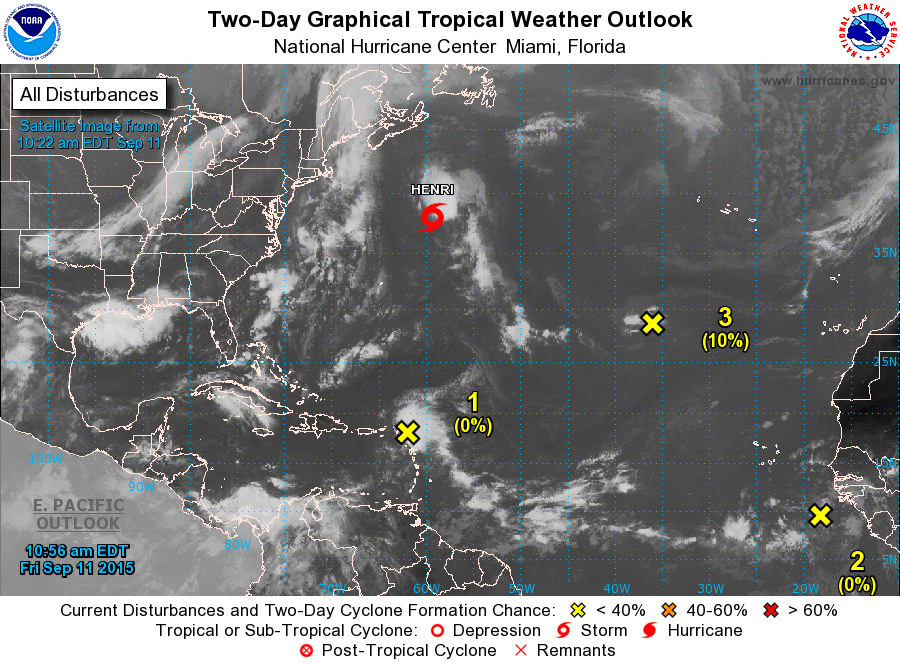
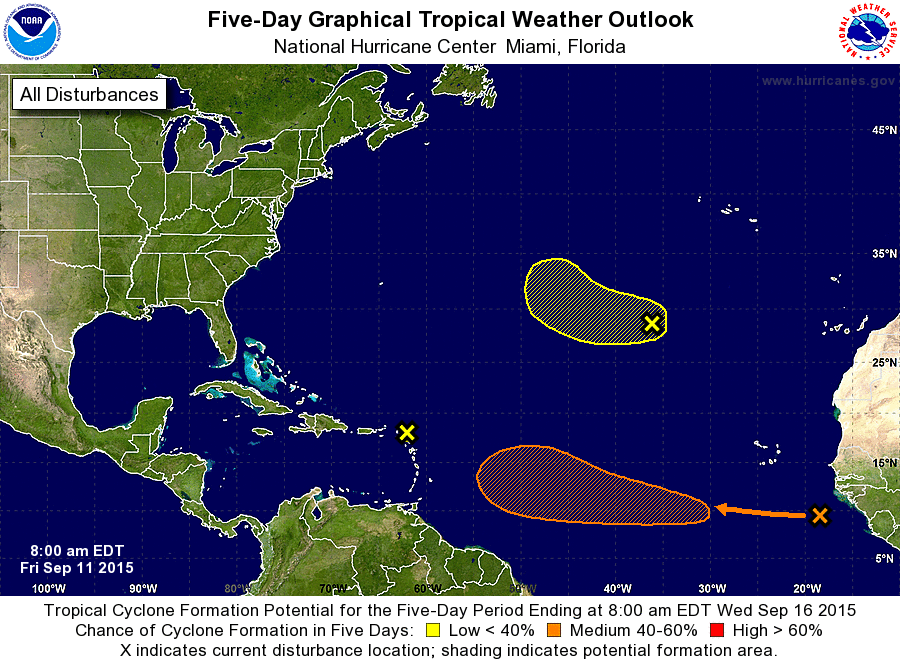
For the North Atlantic...Caribbean Sea and the Gulf of Mexico:

The National Hurricane Center is issuing advisories on Tropical Storm Henri, located a few hundred miles northeast of Bermuda.

1. A large area of disorganized showers and thunderstorms near the northern Leeward Islands is associated with the remnants of Tropical Storm Grace. Upper-level winds are not expected to be favorable for redevelopment of this system during the next several days. However, heavy rain and gusty winds are possible across portions of the northern Leeward Islands and Puerto Rico for the next couple of days while the wave moves westward at 15 to 20 mph.
* Formation chance through 48 hours...low...near 0 percent
* Formation chance through 5 days...low...near 0 percent

2. A tropical wave located just offshore the west coast of Africa is producing disorganized shower activity. Some gradual development of this wave is possible by early next week while it moves generally westward across the tropical Atlantic at about 15 mph.
* Formation chance through 48 hours...low...near 0 percent
* Formation chance through 5 days...medium...40 percent

3. A small low pressure system located about 900 miles southwest of the Azores is producing some showers and thunderstorms. Development, if any, of this low is expected to be slow to occur while it moves westward to west-northwestward at about 10 mph over the next several days.
* Formation chance through 48 hours...low...10 percent
* Formation chance through 5 days...low...20 percent

Forecaster Blake